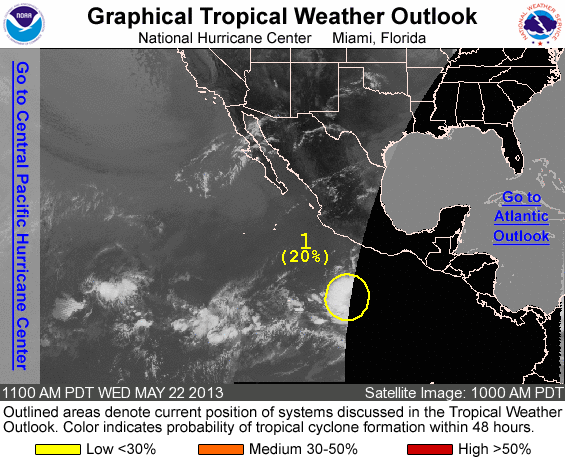
FOR THE EASTERN NORTH PACIFIC...EAST OF 140 DEGREES WEST LONGITUDE..

1. AN AREA OF DISTURBED WEATHER HAS DEVELOPED ABOUT 450 MILES SOUTH OF ACAPULCO MEXICO...AND GRADUAL DEVELOPMENT IS POSSIBLE AS IT MOVES WESTWARD TO WEST-NORTHWESTWARD AT 10 TO 15 MPH. THIS SYSTEM HAS A LOW CHANCE...20 PERCENT...OF BECOMING A TROPICAL CYCLONE DURING THE NEXT 48 HOURS.

ELSEWHERE...TROPICAL CYCLONE FORMATION IS NOT EXPECTED DURING THE NEXT 48 HOURS.

FORECASTER STEWART